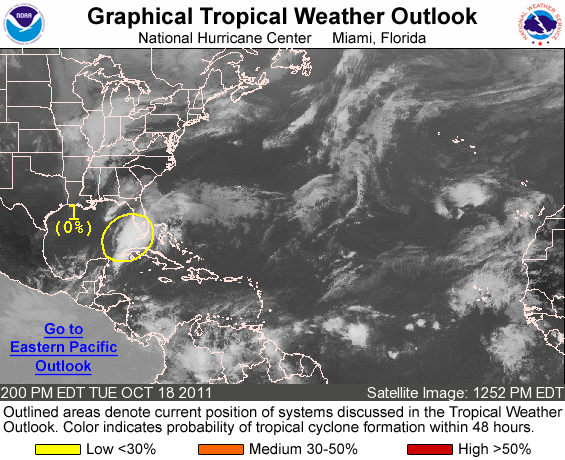
FOR THE NORTH ATLANTIC...CARIBBEAN SEA AND THE GULF OF MEXICO...

1. THE AREA OF LOW PRESSURE IN THE EAST-CENTRAL GULF OF MEXICO HAS BECOME LESS DEFINED DURING THE LAST SEVERAL HOURS. IN ADDITION...SHOWERS AND THUNDERSTORMS REMAIN DISPLACED WELL TO THE EAST OF THE AREA OF THE LOWEST PRESSURE. DEVELOPMENT OF THIS SYSTEM IS NOT EXPECTED... AND IT HAS A LOW CHANCE...NEAR 0 PERCENT...OF BECOMING A TROPICAL CYCLONE DURING THE NEXT 48 HOURS. LOCALLY HEAVY RAINFALL AND GUSTY WINDS ARE EXPECTED OVER THE FLORIDA KEYS...THE FLORIDA PENINSULA... SOUTHERN GEORGIA...AND COASTAL SECTIONS OF THE CAROLINAS OVER THE NEXT DAY OR SO. FOR INFORMATION SPECIFIC TO YOUR AREA PLEASE SEE STATEMENTS ISSUED BY YOUR LOCAL NATIONAL WEATHER SERVICE FORECAST OFFICE.

ELSEWHERE...TROPICAL CYCLONE FORMATION IS NOT EXPECTED DURING THE NEXT 48 HOURS.

FORECASTER CANGIALOSI/PASCH